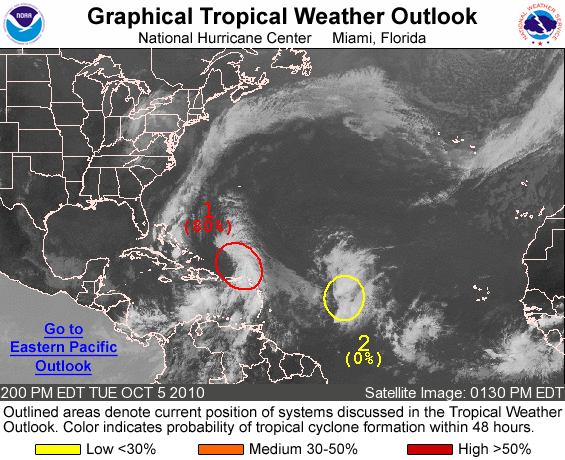
FOR THE NORTH ATLANTIC...CARIBBEAN SEA AND THE GULF OF MEXICO...

1. A WELL-DEFINED LOW PRESSURE SYSTEM CENTERED ABOUT 140 MILES NORTH OF SAN JUAN PUERTO RICO IS PRODUCING A LARGE BAND OF CLOUDINESS AND THUNDERSTORMS OVER THE NORTHEASTERN CARIBBEAN SEA...PUERTO RICO... THE VIRGIN ISLANDS...AND THE LEEWARD ISLANDS...AND EXTENDING NORTHWARD OVER THE ATLANTIC OCEAN FOR SEVERAL HUNDRED MILES. UPPER-LEVEL WINDS ARE GRADUALLY BECOMING MORE CONDUCIVE FOR DEVELOPMENT...AND THIS SYSTEM COULD BECOME A SUBTROPICAL OR TROPICAL DEPRESSION DURING THE NEXT DAY OR SO. THERE IS A HIGH CHANCE...80 PERCENT...OF THIS SYSTEM BECOMING A SUBTROPICAL OR TROPICAL CYCLONE DURING THE NEXT 48 HOURS AS IT MOVES GENERALLY NORTHWESTWARD AT 5 TO 10 MPH. LOCALLY HEAVY RAINS AND GUSTY WINDS WILL BE POSSIBLE OVER THE LEEWARD ISLANDS...THE VIRGIN ISLANDS... AND PUERTO RICO DURING THE NEXT DAY OR TWO.

2. A LARGE AREA OF DISORGANIZED SHOWERS AND THUNDERSTORMS LOCATED ABOUT 900 MILES EAST OF THE LESSER ANTILLES IS ASSOCIATED WITH A WEAK SURFACE TROUGH INTERACTING WITH AN UPPER-LEVEL LOW. THIS DISTURBANCE IS SHOWING NO SIGNS OF ORGANIZATION...AND THERE IS A LOW CHANCE... NEAR 0 PERCENT...OF THIS SYSTEM BECOMING A TROPICAL CYCLONE DURING THE NEXT 48 HOURS AS IT MOVES NORTH-NORTHWESTWARD AT 5 TO 10 MPH.

ELSEWHERE...TROPICAL CYCLONE FORMATION IS NOT EXPECTED DURING THE NEXT 48 HOURS.

FORECASTER STEWART